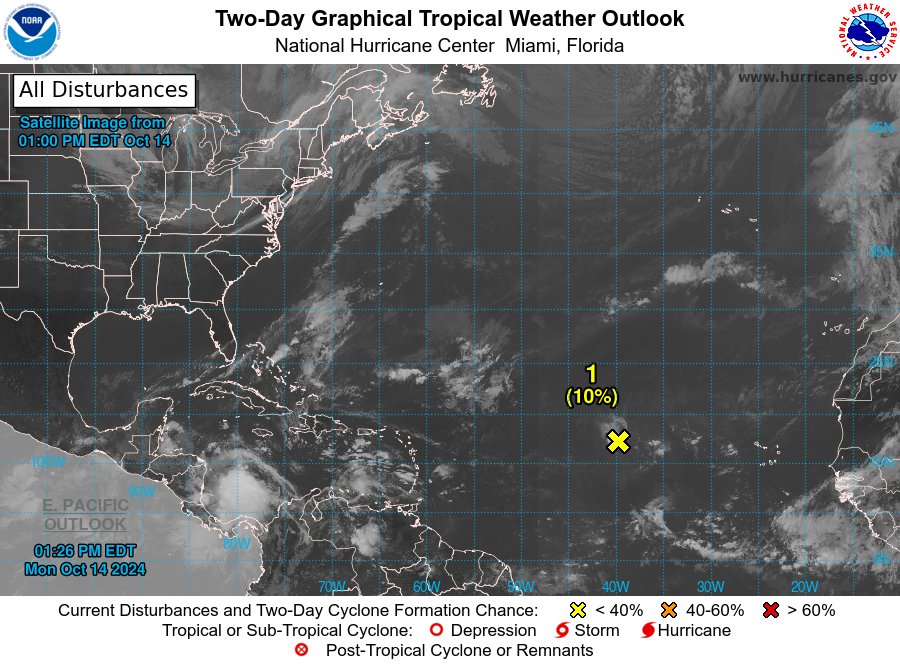
For the North Atlantic...Caribbean Sea and the Gulf of Mexico:

1. Central Tropical Atlantic (AL94): A well-defined area of low pressure located roughly midway between the Cabo Verde Islands and the Lesser Antilles is producing limited shower and thunderstorm activity. This system is currently embedded in a dry air environment, and development is unlikely over the next couple of days. However, this system is forecast to move generally westward toward warmer waters, and environmental conditions could become more favorable for gradual development by the middle to latter part of this week. A tropical depression could form as the system begins moving west-northwestward and approaches or moves near the Leeward Islands late this week.
* Formation chance through 48 hours...low...10 percent.
* Formation chance through 7 days...medium...60 percent.

2. Western Caribbean Sea: A broad area of low pressure is likely to form over the southwestern Caribbean Sea by the middle to latter portions of this week. Some development is possible thereafter if the system stays over water while it moves slowly west-northwestward towards northern Central America. Regardless of development, locally heavy rainfall is possible across portions of Central America later this week.
* Formation chance through 48 hours...low...near 0 percent.
* Formation chance through 7 days...low...20 percent.

Forecaster Hagen